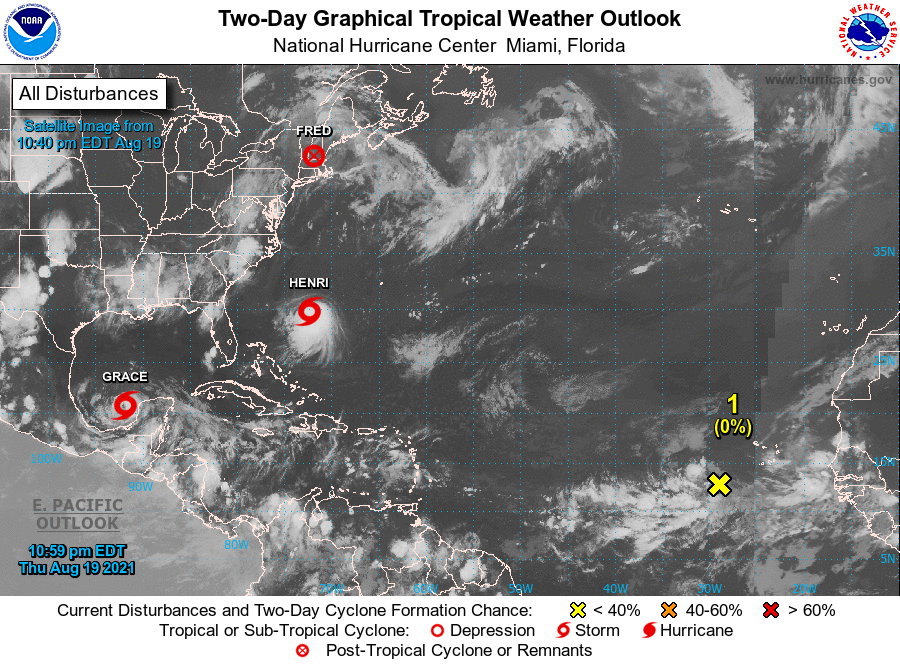
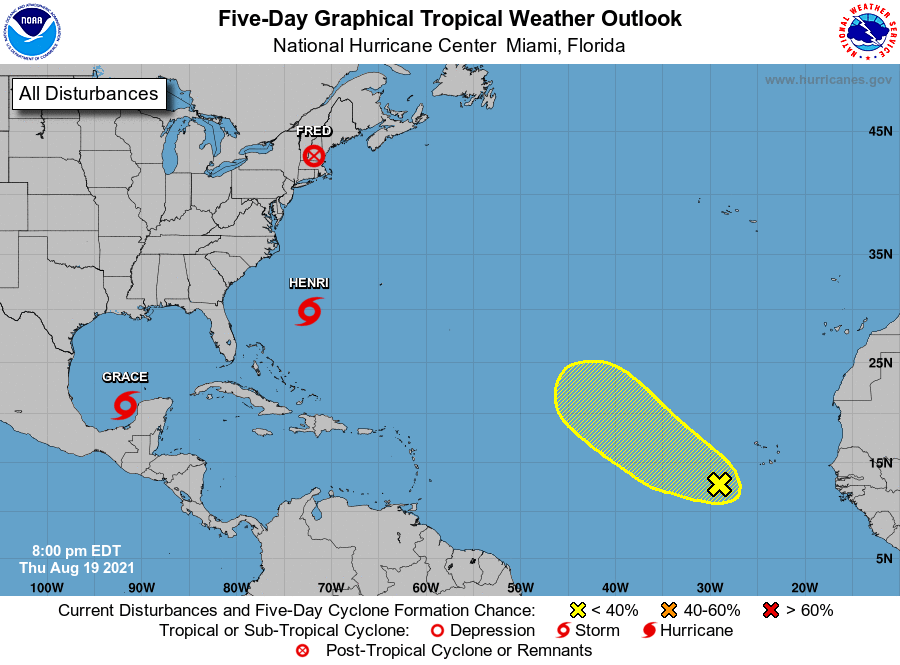
For the North Atlantic...Caribbean Sea and the Gulf of Mexico:

The National Hurricane Center is issuing advisories on Tropical Storm Grace, located just offshore the Yucatan Peninsula in the southwestern Gulf of Mexico, and on Tropical Storm Henri, located several hundred miles southeast of Cape Hatteras, North Carolina.

The Weather Prediction Center is issuing advisories on Post-Tropical Cyclone Fred, located inland over Vermont and New Hampshire.

1. A tropical wave located in the eastern Atlantic several hundred miles to the southwest of the Cabo Verde Islands is producing a broad area of disorganized showers and thunderstorms. This wave is expected to interact with another wave emerging off the African coast over the next day or two. Afterwards, environmental conditions appear marginally favorable for some slow development by the beginning of next week as this system moves gradually to the northwest at 5 to 10 mph.
* Formation chance through 48 hours...low...near 0 percent.
* Formation chance through 5 days...low...20 percent.

Public advisories issued by the Weather Prediction Center on Post-Tropical Cyclone Fred can be found under AWIPS header TCPAT1, WMO header WTNT31 KWNH, and on the web at http://www.wpc.ncep.noaa.gov

Forecaster Papin/Beven